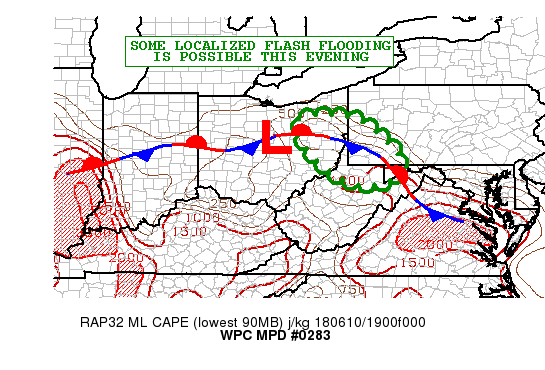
AREAS AFFECTED...EASTERN OH...SOUTHWEST PA...NORTHERN WV...FAR
WESTERN MD

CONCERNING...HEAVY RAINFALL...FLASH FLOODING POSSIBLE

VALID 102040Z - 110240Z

SUMMARY...SHOWERS AND THUNDERSTORMS WITH HEAVY RAINFALL RATES WILL
BECOME A BIT MORE WIDESPREAD THROUGH THE LATE AFTERNOON AND EARLY
EVENING HOURS. SOME FLASH FLOODING IS POSSIBLE.

DISCUSSION...THE AFTERNOON GOES-16 VISIBLE SATELLITE IMAGERY SHOWS
AN MCV CROSSING PORTIONS OF NORTH-CENTRAL OH...AND THIS ENERGY IS
EXPECTED TO INTERACT WITH A MODERATELY UNSTABLE BOUNDARY LAYER
THAT IS POOLED UP ALONG A QUASI-STATIONARY FRONTAL ZONE ACROSS THE
UPPER OH VALLEY. A WAVE OF LOW PRESSURE IS ALSO NOTED ALONG THE
FRONT. MLCAPE VALUES ACROSS AREAS OF EAST-CENTRAL OH ARE NEAR 1000
J/KG AND CONVECTION THAT IS CURRENTLY NOTED OVER EASTERN OH SHOULD
EXPAND FURTHER OVER THE NEXT FEW HOURS TO INCLUDE PARTS OF WESTERN
PA/NORTHERN WV AND EVENTUALLY FAR WESTERN MD. GENERALLY THE MAIN
CONVECTIVE THREAT WILL TEND TO REMAIN CLOSE TO THE AFOREMENTIONED
FRONT.

PWATS ACROSS THE UPPER OH VALLEY ARE ON THE ORDER OF 1.6 TO 1.8
INCHES...AND WITH THE UPTICK IN BOUNDARY LAYER INSTABILITY AND
EXPANSION OF SOME COLD-TOPPED CONVECTION...THE RAINFALL RATES
SHOULD BE RATHER HEAVY AND MAY APPROACH 2 INCHES/HR. THE LATEST
HRRR/HRRRX GUIDANCE FAVORS AS MUCH AS 2 TO 3 INCHES OF RAIN
LOCALLY THROUGH MID-EVENING.

GIVEN THE WET ANTECEDENT CONDITIONS THESE RAINFALL TOTALS MAY
RESULT IN SOME FLASH FLOODING.